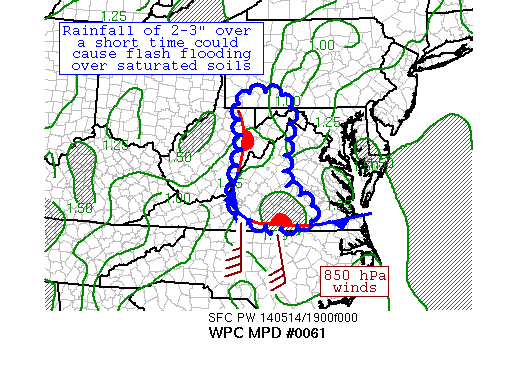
AREAS AFFECTED...EASTERN WV, WESTERN VA, WESTERN MD, SOUTHWEST PA

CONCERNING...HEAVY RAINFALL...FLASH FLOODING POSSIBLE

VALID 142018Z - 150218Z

SUMMARY...THUNDERSTORMS WITH HEAVY RAINFALL SHOULD CONTINUE JUST
NORTH AND EAST OF A STATIONARY FRONT OVER THE NEXT SEVERAL HOURS.
REGIONAL FLASH FLOODING IS CONSIDERED POSSIBLE.

DISCUSSION...CAPE VALUES OF 2000 J/KG COMBINED WITH INCREASING
INFLOW AT 850 HPA AND PRECIPITABLE WATER VALUES NEAR 1.5" ARE
HELPING TO ORGANIZE CONVECTION ACROSS PORTIONS OF WV, VA, AND
WESTERN MD.  THESE STORMS ARE SLIGHTLY ELEVATED OVER A STATIONARY
FRONT.  RAINFALL RATES OF 1-2" AN HOUR HAVE OCCURRED WITH THE
STRONGER STORMS.

THE MESOSCALE GUIDANCE GENERALLY AGREES THAT HEAVY RAINFALL SHOULD
CONTINUE FROM SOUTHWEST PA ACROSS EASTERN WV INTO SOUTH-CENTRAL VA
NEAR THE FRONT.  THE 12Z GFS INDICATES THAT CONVECTION COULD BEGIN
TO DROP SOUTHEAST DUE TO THE INCREASING LOW-LEVEL FLOW, LEADING TO
THE POSSIBILITY OF CELL TRAINING IN EASTERN WV AS WELL AS WESTERN
AND SOUTHERN VA.  CAPE VALUES SHOULD BE RAPIDLY FADING BY 02Z PER
THE 12Z ARW, WHICH SHOULD ALLOW FOR CONVECTIVE COLLAPSE AROUND
THAT TIME.  UNTIL THEN, LOCAL RAINFALL AMOUNTS OF 2-3" IN AREAS OF
LOWER FLASH FLOOD GUIDANCE COULD CAUSE REGIONAL FLASH FLOODING.